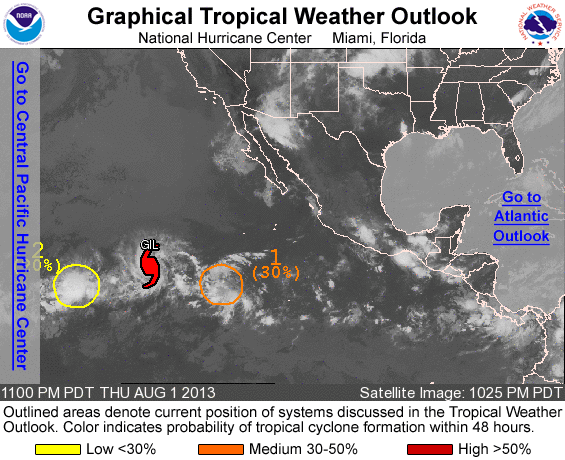
FOR THE EASTERN NORTH PACIFIC...EAST OF 140 DEGREES WEST LONGITUDE..

THE NATIONAL HURRICANE CENTER IS ISSUING ADVISORIES ON HURRICANE GIL...LOCATED WELL TO THE SOUTHWEST OF THE SOUTHERN TIP OF THE BAJA CALIFORNIA PENINSULA.

1. A WEAK AREA OF LOW PRESSURE LOCATED ABOUT 850 MILES SOUTHWEST OF THE SOUTHERN TIP OF THE BAJA CALIFORNIA PENNISULA IS PRODUCING DISORGANIZED SHOWERS AND THUNDERSTORMS. ENVIRONMENTAL CONDITIONS ARE EXPECTED TO BE MARGINALLY CONDUCIVE FOR DEVELOPMENT WHILE THE DISTURBANCE MOVES WESTWARD AT 10 TO 15 MPH. THIS SYSTEM HAS A MEDIUM CHANCE...30 PERCENT...OF BECOMING A TROPICAL CYCLONE DURING THE NEXT 48 HOURS...AND A MEDIUM CHANCE...40 PERCENT...OF BECOMING A TROPICAL CYCLONE DURING THE NEXT 5 DAYS.

2. SHOWERS AND THUNDERSTORMS ARE DISORGANIZED IN ASSOCIATION WITH A TROUGH OF LOW PRESSURE LOCATED ABOUT 1350 MILES EAST-SOUTHEAST OF THE HAWAIIAN ISLANDS. SLOW DEVELOPMENT OF THIS SYSTEM IS POSSIBLE DURING THE NEXT SEVERAL DAYS AS IT MOVES WESTWARD AT ABOUT 10 TO 15 MPH. THIS SYSTEM HAS A LOW CHANCE...20 PERCENT...OF BECOMING A TROPICAL CYCLONE DURING THE NEXT 48 HOURS...AND A MEDIUM CHANCE... 30 PERCENT...OF BECOMING A TROPICAL CYCLONE DURING THE NEXT 5 DAYS.

FIVE-DAY FORMATION PROBABILITIES ARE EXPERIMENTAL IN 2013. COMMENTS ON THE EXPERIMENTAL FORECASTS CAN BE PROVIDED AT...

HTTP://WWW.NWS.NOAA.GOV/SURVEY/NWS-SURVEY.PHP?CODE=ETWO

FORECASTER CANGIALOSI